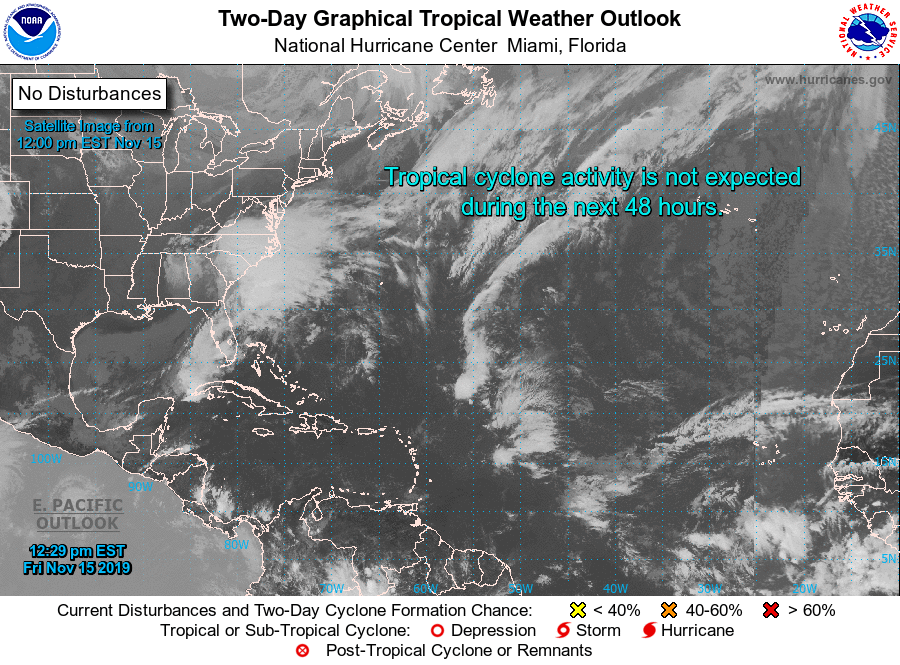
For the North Atlantic...Caribbean Sea and the Gulf of Mexico:

Tropical cyclone formation is not expected during the next 5 days.

Forecaster Zelinsky